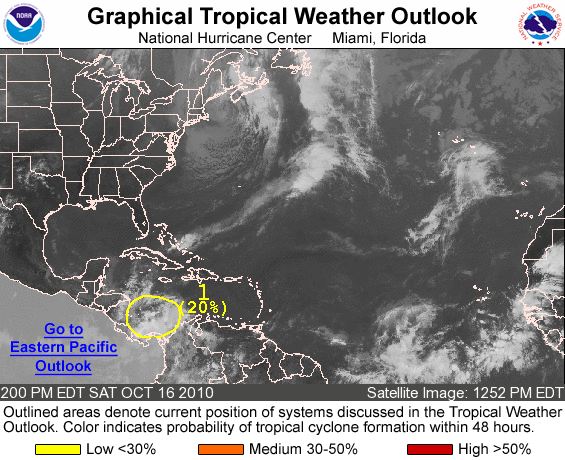
FOR THE NORTH ATLANTIC...CARIBBEAN SEA AND THE GULF OF MEXICO...

1. DISORGANIZED SHOWERS AND THUNDERSTORMS CONTINUE OVER THE SOUTHWESTERN CARIBBEAN SEA IN ASSOCIATION WITH A BROAD AREA OF LOW PRESSURE. CONDITIONS APPEAR FAVORABLE FOR SOME SLOW DEVELOPMENT OF THIS SYSTEM DURING THE NEXT COUPLE OF DAYS AS IT DRIFTS WESTWARD OR NORTHWESTWARD. THERE IS A LOW CHANCE...20 PERCENT...OF THIS SYSTEM BECOMING A TROPICAL CYCLONE DURING THE NEXT 48 HOURS.

ELSEWHERE...TROPICAL CYCLONE FORMATION IS NOT EXPECTED DURING THE NEXT 48 HOURS.

FORECASTER BRENNAN